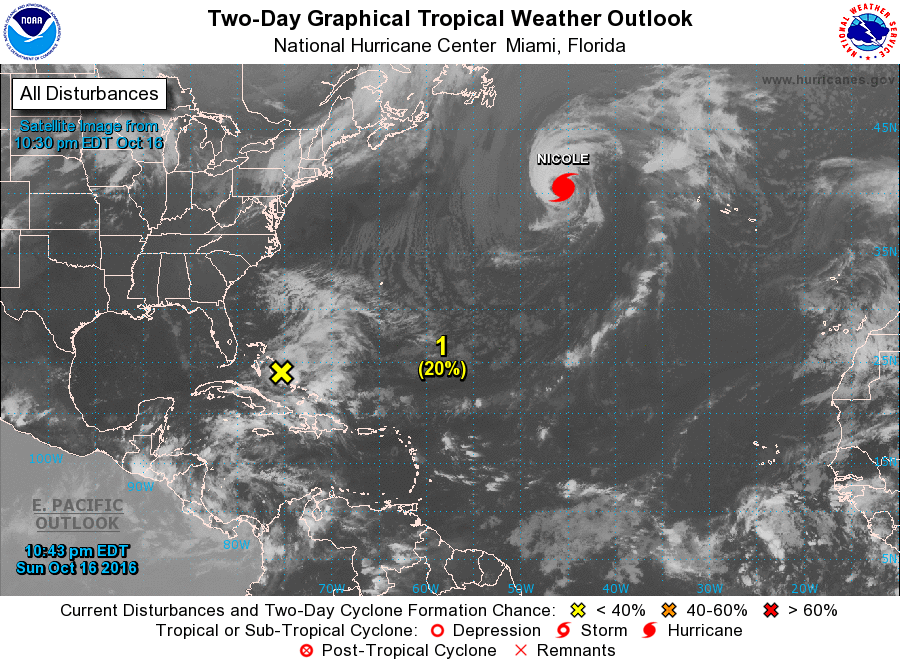
For the North Atlantic...Caribbean Sea and the Gulf of Mexico:

1. A large area of cloudiness and disorganized showers located over the Bahamas and adjacent western Atlantic waters is associated with a surface trough that is interacting with an upper-level low. Environmental conditions are currently unfavorable for significant development, but they could become more conducive for tropical or subtropical cyclone formation Tuesday or Wednesday when the system begins to drift northward or north-northwestward. Regardless of development, locally heavy rainfall is possible over much of the Bahamas during the next couple of days.
* Formation chance through 48 hours...low...20 percent
* Formation chance through 5 days...medium...40 percent

Forecaster Brown